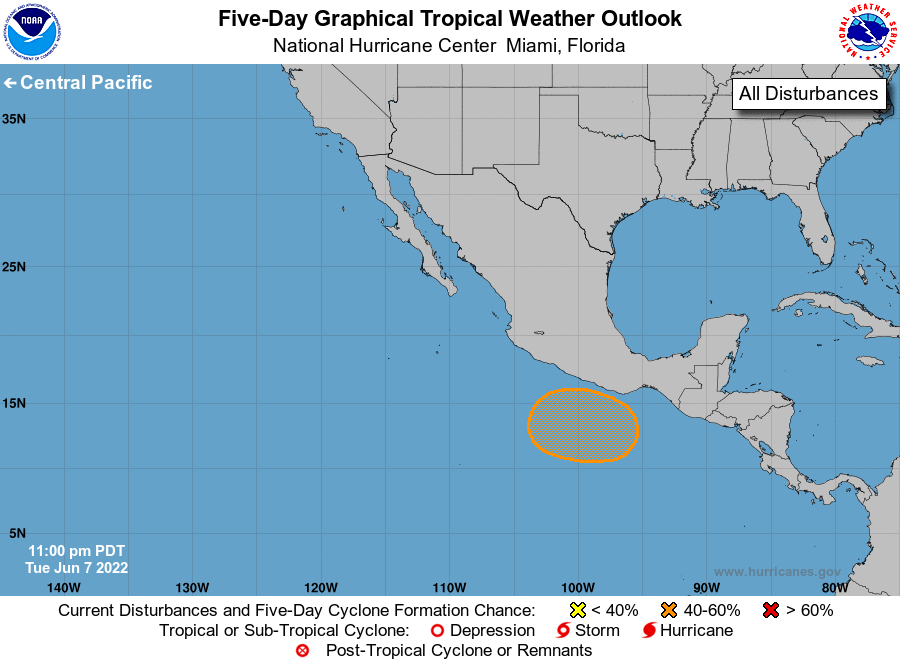
For the eastern North Pacific...east of 140 degrees west longitude:

1.

1. Off the coast of southern Mexico: An area of low pressure is forecast to form off the coast of southern Mexico in a couple of days. Gradual development of this system is possible thereafter, and a tropical depression could form this weekend or early next week while it moves little or drifts northward.
* Formation chance through 48 hours...low...near 0 percent.
* Formation chance through 5 days...medium...40 percent.

Forecaster Cangialosi